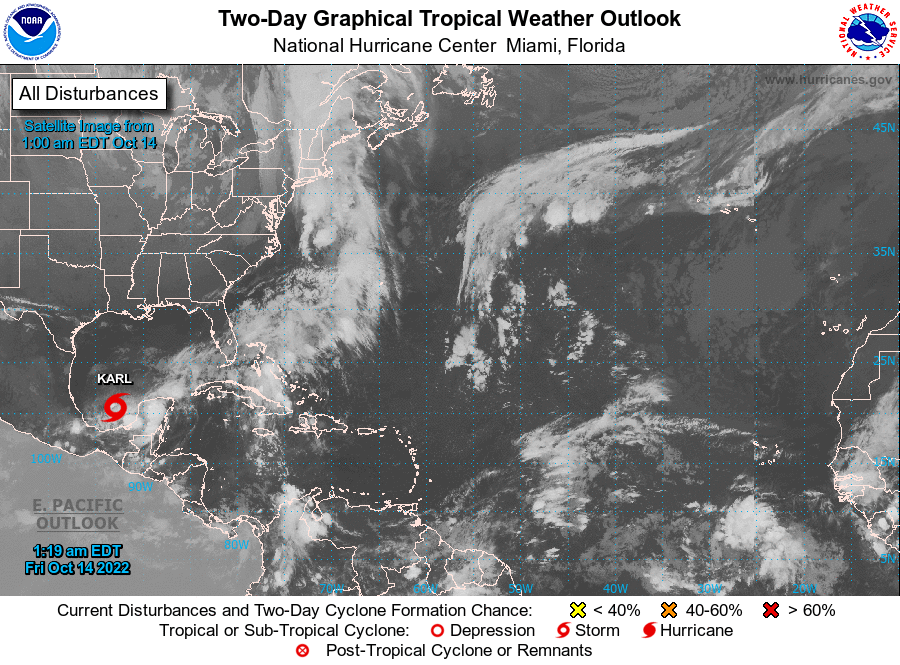
For the North Atlantic...Caribbean Sea and the Gulf of Mexico:

Active Systems: The National Hurricane Center is issuing advisories on Tropical Storm Karl, located over the southwestern Gulf of Mexico.

Eastern Tropical Atlantic: An area of disorganized showers and thunderstorms located several hundred miles south of the Cabo Verde Islands is associated with a tropical wave. Environmental conditions appear marginally conducive for some gradual development during the next few days while the system moves westward and then west-northwestward at about 10 mph. However, the disturbance is expected to move into a less favorable area of stronger upper-level winds by early next week.
* Formation chance through 48 hours...low...10 percent.
* Formation chance through 5 days...low...20 percent.

Forecaster Roberts